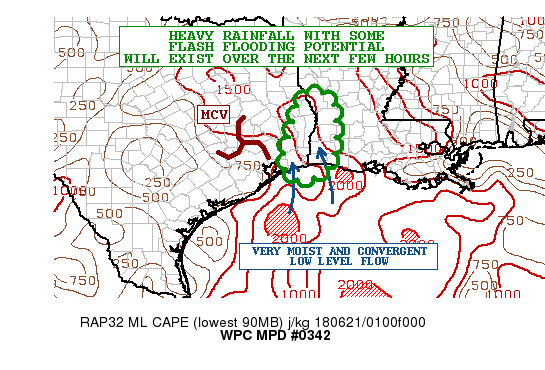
AREAS AFFECTED...EASTERN TX...WEST-CENTRAL TO SOUTHWEST LA

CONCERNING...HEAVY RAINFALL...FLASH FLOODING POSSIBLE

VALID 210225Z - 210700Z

SUMMARY...HEAVY RAINFALL ALONG WITH SOME POTENTIAL FOR FLASH
FLOODING WILL REMAIN IN PLACE OVER THE NEXT FEW HOURS.

DISCUSSION...THE LATEST RADAR IMAGERY INDICATES AN MCV GRADUALLY
LIFTING NORTHEAST ACROSS SOUTHEAST TX WHICH CONTINUES TO FOSTER A
N/S AXIS OF HEAVY SHOWERS AND THUNDERSTORMS FROM NEAR THE FAR
UPPER TX COAST NORTH UP ALONG THE TX/LA BORDER. THE LATEST GOES-16
10.3 MICRON/IR IMAGERY STILL SHOWS A SUBSTANTIAL AREA OF VERY COLD
CONVECTIVE TOPS EAST OF THE MCV WITH THIS ACTIVITY WHICH SUGGESTS
THERE IS STILL A FAIR DEGREE OF FORCING IN PLACE.

MOST OF THE CONVECTION IS ALIGNED WITH VERY MOIST AND CONVERGENT
LOW LEVEL FLOW ALONG WITH THE NOSE OF A MODERATELY UNSTABLE
AIRMASS WITH A NOSE OF 1500 TO 2000 J/KG OF MLCAPE.

THE EXPECTATION OVERNIGHT IS FOR THE OVERALL CONVECTIVE
ORGANIZATION TO BEGIN TO WANE AS THE MCV BEGINS TO PULL AWAY AND
WEAKEN...BUT THERE WILL REMAIN AN AXIS OF FAVORABLE LOW LEVEL
CONVERGENCE AND MOISTURE/INSTABILITY TRANSPORT FOR AT LEAST A
SCATTERED AXIS OF CONVECTION.

GIVEN SUCH HIGH PWATS THAT ARE AROUND 2.25 INCHES...THE RAINFALL
RATES WILL REMAIN QUITE HIGH AND WILL LIKELY BE IN EXCESS OF 2.5
INCHES/HR WITHIN THE STRONGER CONVECTIVE CORES. THE LATEST HRRR
GUIDANCE APPEARS TOO SLOW IN ADVANCING THE CURRENT CONVECTIVE AXIS
OFF TO THE NORTH-NORTHEAST...BUT IT DOES FAVOR AS MUCH AS
ADDITIONAL 3 TO 4 INCHES GOING PAST 06Z WHICH SEEMS REASONABLE.

GIVEN THE WET ANTECEDENT CONDITIONS...THESE ADDITIONAL TOTALS MAY
RESULT IN SOME FLASH FLOODING OVERNIGHT.